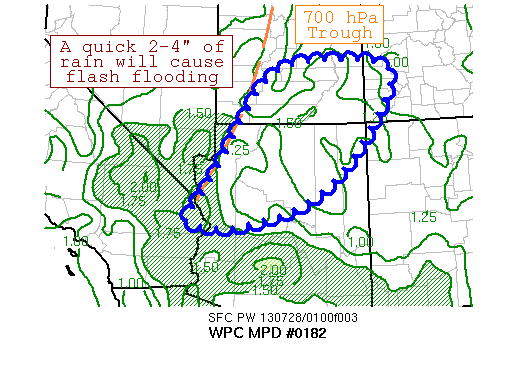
AREAS AFFECTED...NORTHERN AZ...SOUTHEAST UT...SOUTHWEST CO

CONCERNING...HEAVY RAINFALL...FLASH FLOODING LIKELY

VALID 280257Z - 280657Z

SUMMARY...AN ORGANIZED AREA OF SHOWERS AND THUNDERSTORMS MOVING
THROUGH NORTHERN AZ AND SOUTHEAST UT OVER THE NEXT SEVERAL HOURS
WILL CAUSE FLASH FLOODING.

DISCUSSION...AN UPPER-LEVEL SHORTWAVE MOVING THROUGH NV HAS LED TO
A SHARP 700 HPA TROUGH STRETCHING ACROSS CENTRAL UT AND NORTHWEST
AZ ALONG WITH ENHANCED UPPER LEVEL DIVERGENCE ACROSS AZ AND
PORTIONS OF UT.  NEAR AND AHEAD OF THE 700 HPA TROUGH, AN
ORGANIZED AREA OF CONVECTION HAS DEVELOPED, WITH BACKBUILDING
NOTED ON RECENT SATELLITE IMAGERY.  PRECIPITABLE WATER VALUES ARE
IN THE 1.25-1.50 INCH RANGE, WHICH IS NEAR THE 85TH PERCENTILE OR
TWO STANDARD DEVIATIONS/SIGMAS ABOVE THE AVERAGE FOR LATE JULY.
MUCAPE VALUES IN THE REGION ARE AROUND 500 J/KG.  RAINFALL RATES
OF 1-1.5 INCHES PER HOUR HAVE OBSERVED WITH THE ACTIVITY WITHIN
THE U.S. MESONET/MESOWEST NEAR WILLIAMS AZ, WHICH SHOULD BE
REPRESENTATIVE OF CONVECTION WITHIN THIS REGION.  THE 00Z HRRR RUN
ALONG WITH CONVECTIVE TRENDS OVER THE PAST FEW DAYS SUGGEST THAT
THIS ACTIVITY SHOULD CONTINUE GOING FOR 3-4 MORE HOURS BEFORE
WEAKENING AS THE CONVECTION RUNS OUT OF INSTABILITY OVERNIGHT.  A
QUICK 2-4 INCHES OF RAIN IN THIS AREA WILL CAUSE FLASH FLOODING.